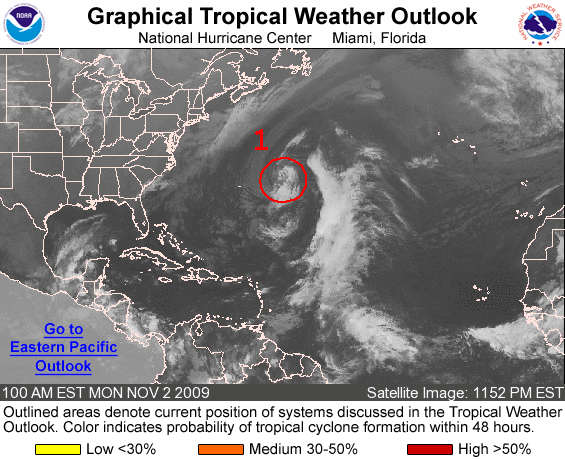
FOR THE NORTH ATLANTIC...CARIBBEAN SEA AND THE GULF OF MEXICO...

1. SHOWERS AND THUNDERSTORMS NEAR THE CENTER OF A NON-TROPICAL LOW PRESSURE AREA LOCATED ABOUT 375 MILES EAST-NORTHEAST OF BERMUDA HAVE CHANGED LITTLE IN ORGANIZATION DURING THE PAST SEVERAL HOURS. THE LOW APPEARS TO BE ACQUIRING SOME SUBTROPICAL CHARACTERISTICS... BUT IT IS STILL ASSOCIATED WITH A SURFACE FRONTAL BOUNDARY AT THIS TIME. IF THE LOW LOSES ITS FRONTAL PROPERTIES...IT COULD BECOME A SUBTROPICAL OR TROPICAL STORM OVER THE NEXT DAY OR SO AS IT MOVES NORTHWESTWARD AND THEN NORTHWARD AT AROUND 10 MPH. THERE IS A HIGH CHANCE...GREATER THAN 50 PERCENT...OF THIS SYSTEM BECOMING A SUBTROPICAL OR TROPICAL CYCLONE DURING THE NEXT 48 HOURS.

FOR ADDITIONAL INFORMATION ON THIS SYSTEM...REFER TO HIGH SEAS FORECASTS ISSUED BY THE NATIONAL WEATHER SERVICE UNDER AWIPS HEADER NFDHSFAT1 AND WMO HEADER FZNT01 KWBC.

ELSEWHERE...TROPICAL OR SUBTROPICAL CYCLONE FORMATION IS NOT EXPECTED DURING THE NEXT 48 HOURS.

FORECASTER BROWN